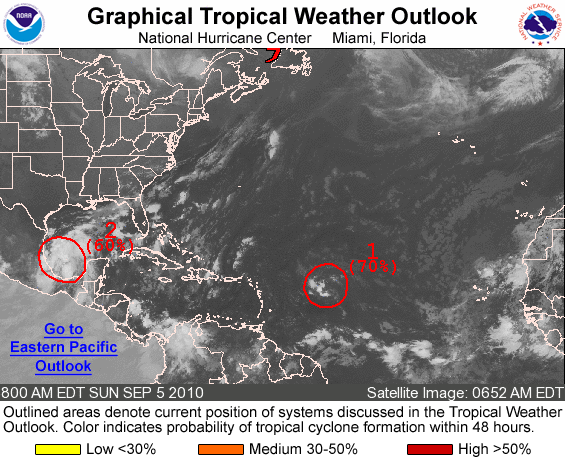
FOR THE NORTH ATLANTIC...CARIBBEAN SEA AND THE GULF OF MEXICO...

1. SHOWER AND THUNDERSTORM ACTIVITY REMAINS DISORGANIZED IN ASSOCIATION WITH THE REMNANT LOW OF GASTON LOCATED ABOUT 750 MILES EAST OF THE LEEWARD ISLANDS. HOWEVER...ENVIRONMENTAL CONDITIONS APPEAR CONDUCIVE FOR DEVELOPMENT OF THIS SYSTEM AND A TROPICAL DEPRESSION COULD RE-FORM IN THIS AREA DURING THE NEXT DAY OR TWO. THERE IS A HIGH CHANCE...70 PERCENT...OF THIS SYSTEM BECOMING A TROPICAL CYCLONE AGAIN DURING THE NEXT 48 HOURS.

2. RADAR IMAGERY FROM MEXICO INDICATES THAT A BROAD AREA OF LOW PRESSURE LOCATED OVER THE EXTREME SOUTHWESTERN GULF OF MEXICO HAS CHANGED LITTLE IN ORGANIZATION DURING THE LAST SEVERAL HOURS. ENVIRONMENTAL CONDITIONS APPEAR FAVORABLE FOR ADDITIONAL DEVELOPMENT AND A TROPICAL DEPRESSION COULD FORM DURING THE NEXT DAY OR SO BEFORE THE SYSTEM MOVES INLAND. THERE IS A HIGH CHANCE...60 PERCENT...OF THIS SYSTEM BECOMING A TROPICAL CYCLONE DURING THE NEXT 48 HOURS AS IT MOVES NORTHWESTWARD AT 5 TO 10 MPH.

ELSEWHERE...TROPICAL CYCLONE FORMATION IS NOT EXPECTED DURING THE NEXT 48 HOURS.

FORECASTER CANGIALOSI/PASCH